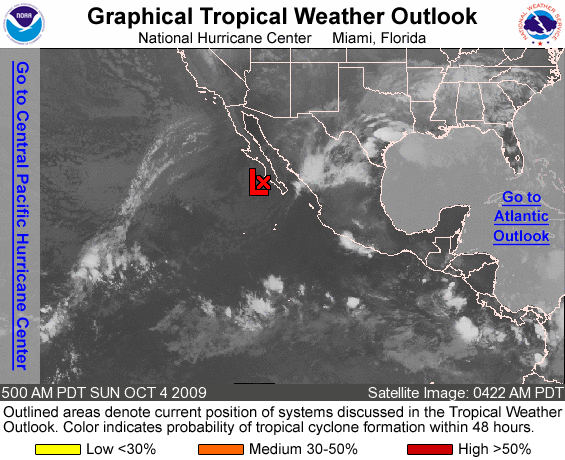
FOR THE EASTERN NORTH PACIFIC...EAST OF 140 DEGREES WEST LONGITUDE..

1. THE REMNANT LOW OF OLAF IS LOCATED OVER SOUTHERN BAJA CALIFORNIA ABOUT 60 MILES WEST-NORTHWEST OF LA PAZ MEXICO...AND IS PRODUCING AN AREA SHOWERS AND THUNDERSTORMS ALONG THE MAINLAND COAST OF NORTHWESTERN MEXICO. RE-DEVELOPMENT OF THIS SYSTEM IS NOT EXPECTED...AND THERE IS A LOW CHANCE...LESS THAN 30 PERCENT...OF THIS SYSTEM BECOMING A TROPICAL CYCLONE DURING THE NEXT 48 HOURS.

ELSEWHERE...TROPICAL CYCLONE FORMATION IS NOT EXPECTED DURING THE NEXT 48 HOURS.

FORECASTER BERG